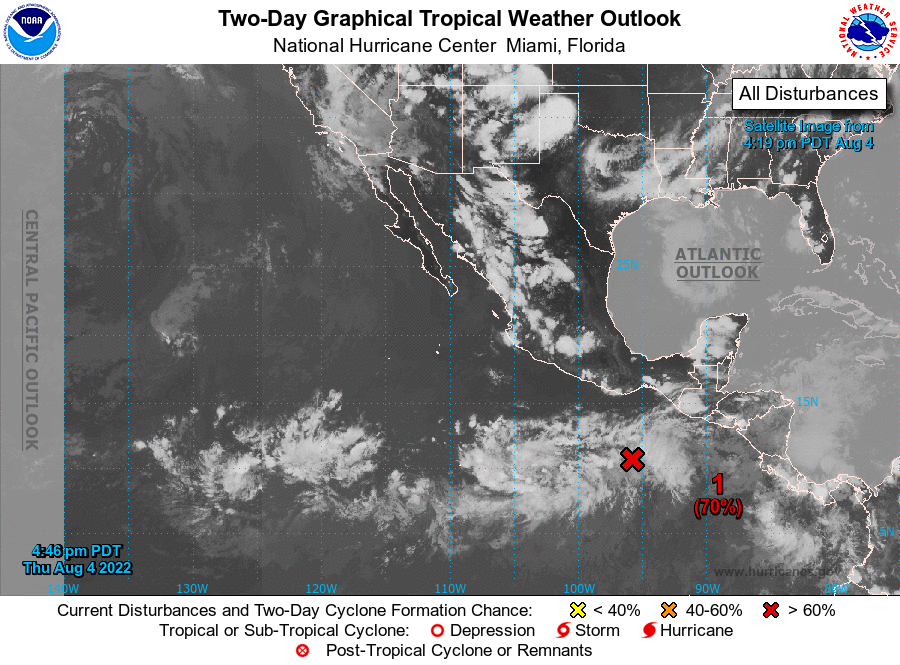
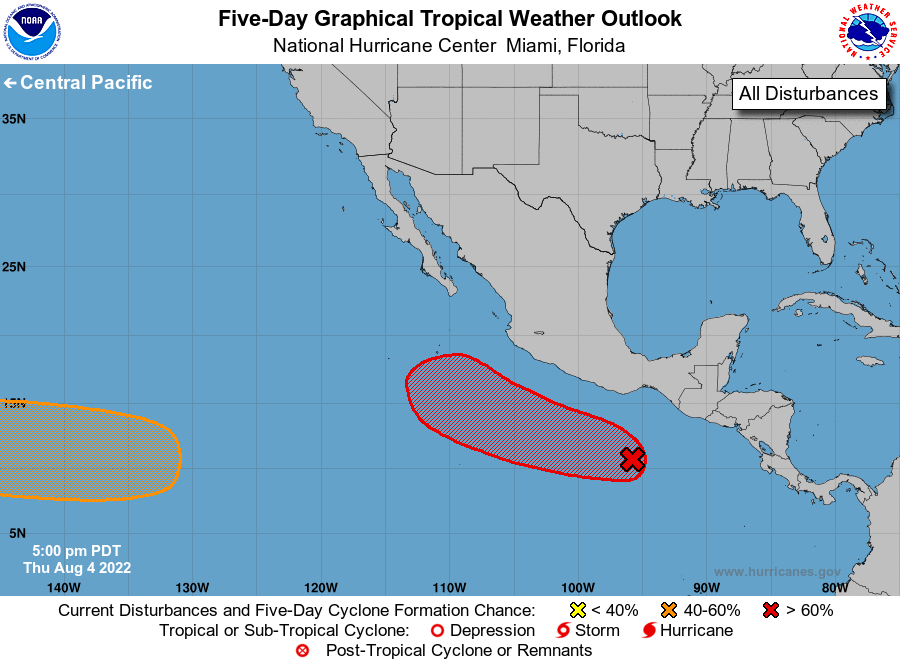
For the eastern North Pacific...east of 140 degrees west longitude:

1. Offshore of Southern Mexico: A broad low pressure area located offshore of the coasts of Guatemala and southern Mexico is producing widespread, but disorganized, shower activity. Environmental conditions appear conducive for development of this system, and a tropical depression is likely to form during the next couple of days. The system is forecast to move generally west-northwestward at 10 to 15 mph over the weekend and into early next week, remaining well offshore of the coasts of southern and southwestern Mexico.
* Formation chance through 48 hours...high...70 percent.
* Formation chance through 5 days...high...90 percent.

2. Well Southeast of the Main Hawaiian Islands: Another area of low pressure is forecast to form over the far western portion of the eastern Pacific basin by this weekend. Some gradual development of this system is forecast, and a tropical depression could form early next week while it moves westward toward and into the central Pacific basin.
* Formation chance through 48 hours...low...near 0 percent.
* Formation chance through 5 days...medium...50 percent.

Forecaster Beven